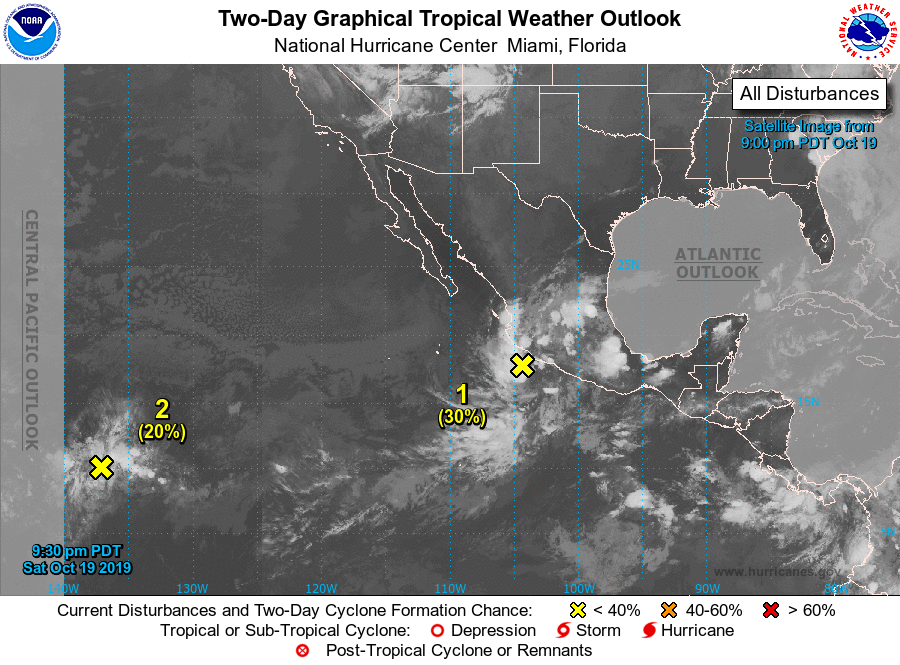
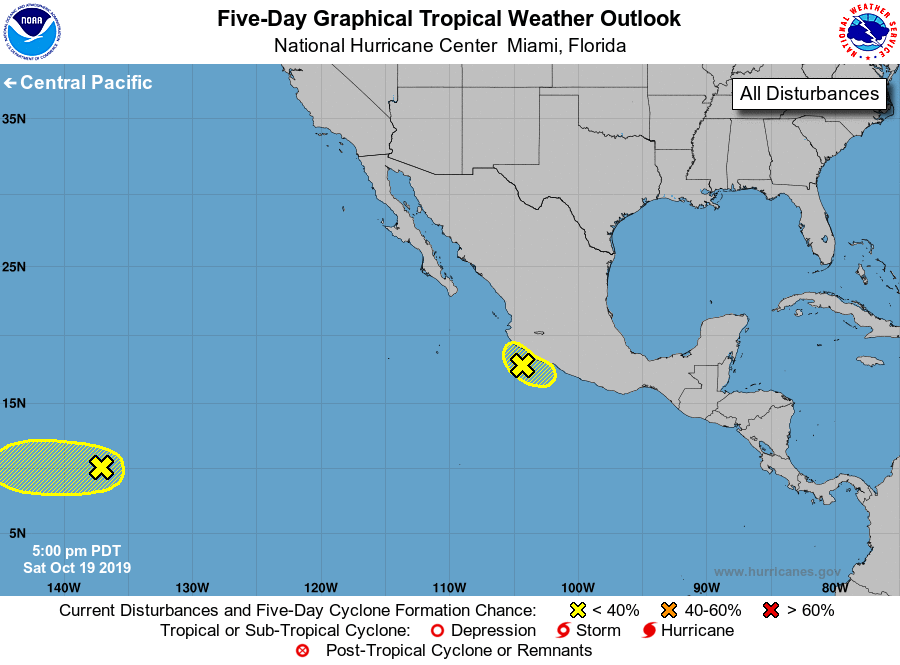
For the eastern North Pacific...east of 140 degrees west longitude:

The National Hurricane Center has issued the last advisory on Octave, located over the southwestern portion of the eastern Pacific basin.

1. Disorganized showers and thunderstorms located near the west-central coast of Mexico are associated with an area of low pressure area embedded within an elongated surface trough. Some development of this system is possible before it moves inland over west-central Mexico by late Sunday. Regardless of development, heavy rainfall associated with this disturbance could produce flash flooding and mudslides across portions of Michoacan, Colima, and Jalisco, especially in areas of mountainous terrain, during the next few days.
* Formation chance through 48 hours...low...30 percent.
* Formation chance through 5 days...low...30 percent.

2. An elongated area of low pressure located over the far southwestern portion of the eastern Pacific basin is also producing disorganized showers and thunderstorms. Any development of this system should be slow while the it drifts westward during the next few days. This system is expected to move into the central Pacific basin by late Sunday.
* Formation chance through 48 hours...low...20 percent.
* Formation chance through 5 days...low...20 percent.

Forecaster Cangialosi